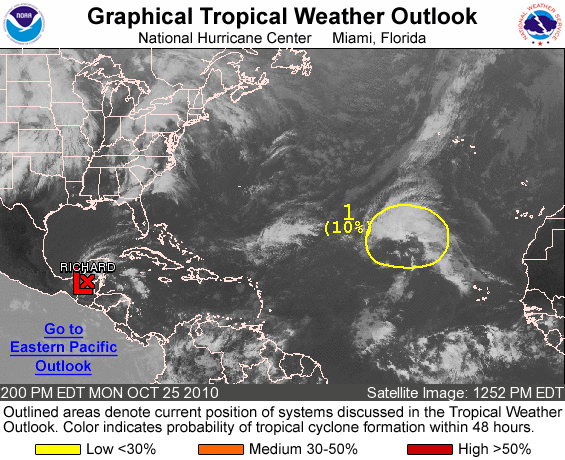
FOR THE NORTH ATLANTIC...CARIBBEAN SEA AND THE GULF OF MEXICO...

THE NATIONAL HURRICANE CENTER IS ISSUING ADVISORIES ON RECENTLY DOWNGRADED TROPICAL DEPRESSION RICHARD...LOCATED INLAND ABOUT 150 MILES SOUTH OF CAMPECHE MEXICO.

1. A LARGE AREA OF SHOWERS AND THUNDERSTORMS LOCATED OVER THE EASTERN TROPICAL ATLANTIC IS ASSOCIATED WITH AN UPPER-LEVEL LOW AND A WEAK SURFACE LOW PRESSURE AREA LOCATED ABOUT 1020 MILES WEST-NORTHWEST OF THE CAPE VERDE ISLANDS. UPPER-LEVELS WINDS COULD BECOME A LITTLE MORE CONDUCIVE FOR DEVELOPMENT OVER THE NEXT COUPLE OF DAYS. THERE IS A LOW CHANCE...10 PERCENT...OF THIS SYSTEM BECOMING A TROPICAL OR SUBTROPICAL CYCLONE DURING THE NEXT 48 HOURS AS IT MOVES WEST-NORTHWESTWARD OR NORTHWESTWARD AT 10 MPH.

ELSEWHERE...TROPICAL CYCLONE FORMATION IS NOT EXPECTED DURING THE NEXT 48 HOURS.

FORECASTER ROBERTS/PASCH